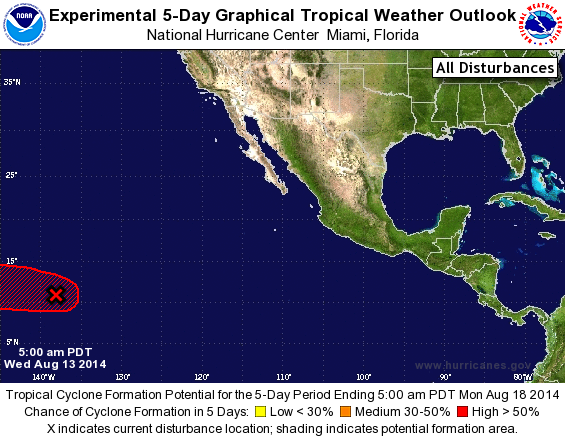
For the eastern North Pacific...east of 140 degrees west longitude:

The National Hurricane Center is issuing advisories on Tropical Depression Eleven-E, located a few hundred miles west-southwest of Manzanillo, Mexico.

1. Satellite data and surface observations indicate that the area of low pressure located about 1300 miles east-southeast of the Big Island of Hawaii is gradually becoming better defined. Shower and thunderstorm activity has also become a little better organized, and environmental conditions are expected to become more conducive for development over the next several days when the system enters the Central Pacific Hurricane Center's area of responsibility.
* Formation chance through 48 hours...medium...30 percent.
* Formation chance through 5 days...high...70 percent.

Public Advisories on Tropical Depression Eleven-E are issued under WMO header WTPZ31 KNHC and under AWIPS header MIATCPEP1. Forecast/Advisories on Tropical Depression Eleven-E are issued under WMO header WTPZ21 KNHC and under AWIPS header MIATCMEP1.

Forecaster Stewart